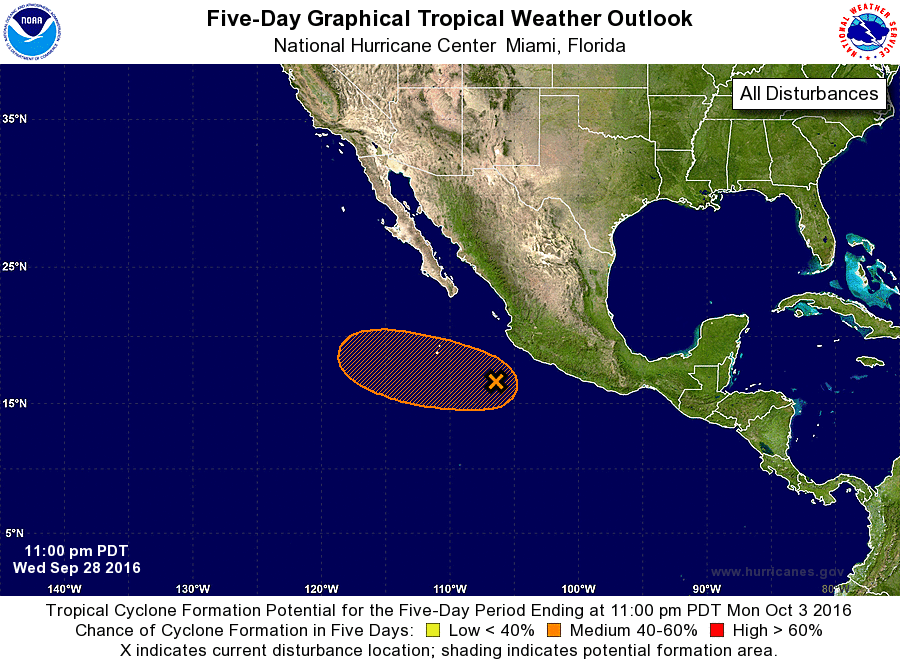
For the eastern North Pacific...east of 140 degrees west longitude:

The National Hurricane Center is issuing advisories on Tropical Depression Roslyn, located a few hundred miles west of the southern tip of the Baja California peninsula, and on Tropical Storm Ulika, located well east-southeast of the Hawaiian Islands.

1. Cloudiness and showers extending several hundred miles off the southwestern coast of Mexico are associated with a trough of low pressure. Upper-level winds are expected to be marginally conducive for some development during the next several days while this system moves westward to west-northwestward at 10 mph away from the coast of Mexico. By late this weekend, this system is forecast to encounter cooler waters, making development unlikely.
* Formation chance through 48 hours...low...20 percent
* Formation chance through 5 days...medium...50 percent

Forecaster Berg